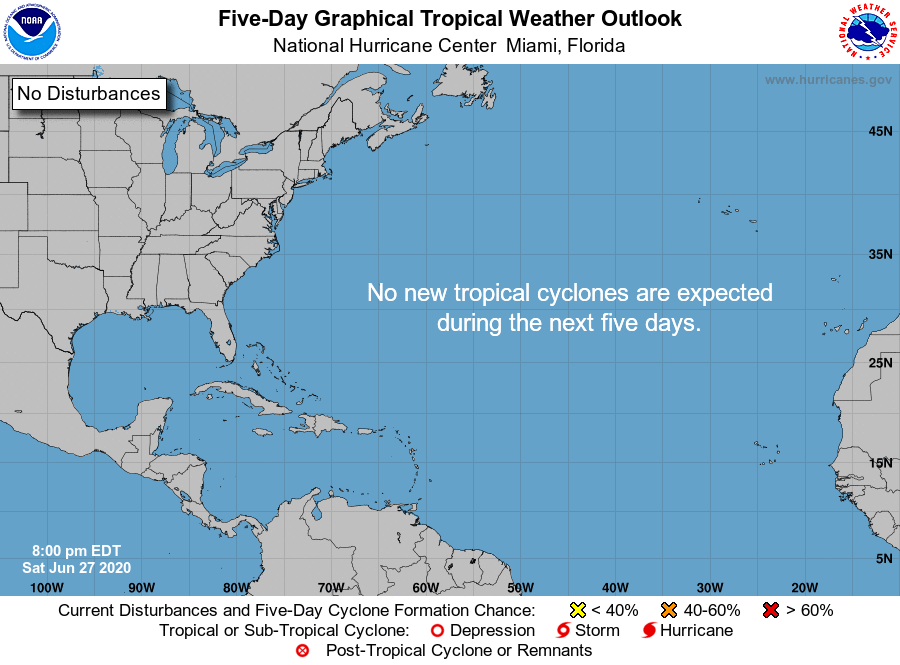
For the North Atlantic...Caribbean Sea and the Gulf of Mexico:

Tropical cyclone formation is not expected during the next 5 days.

Forecaster Latto